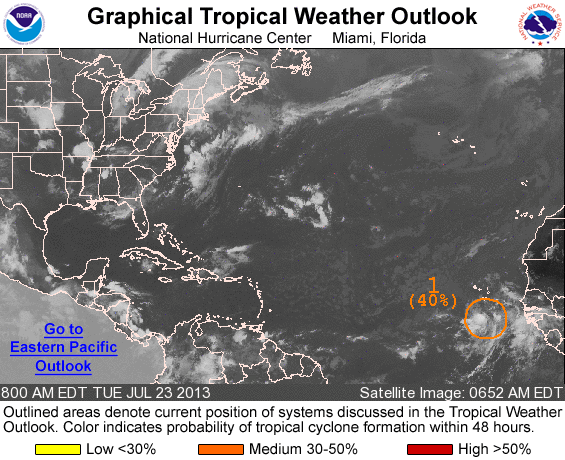
FOR THE NORTH ATLANTIC...CARIBBEAN SEA AND THE GULF OF MEXICO...

1. A SURFACE LOW PRESSURE SYSTEM LOCATED A COUPLE HUNDRED MILES SOUTH-SOUTHEAST OF THE CAPE VERDE ISLANDS HAS BECOME BETTER DEFINED THIS MORNING. ALTHOUGH THUNDERSTORM ACTIVITY HAS DECREASED...SOME FURTHER DEVELOPMENT OF THIS DISTURBANCE IS STILL POSSIBLE LATER TODAY BEFORE ENVIRONMENTAL CONDITIONS BECOME LESS CONDUCIVE FOR DEVELOPMENT ON WEDNESDAY. THIS SYSTEM HAS A MEDIUM CHANCE...40 PERCENT...OF BECOMING A TROPICAL CYCLONE DURING THE NEXT 48 HOURS AS IT MOVES WEST-NORTHWESTWARD AT 15 TO 20 MPH. INTERESTS IN THE CAPE VERDE ISLANDS SHOULD MONITOR THE PROGRESS OF THIS DISTURBANCE.

ELSEWHERE...TROPICAL CYCLONE FORMATION IS NOT EXPECTED DURING THE NEXT 48 HOURS.

FORECASTER STEWART